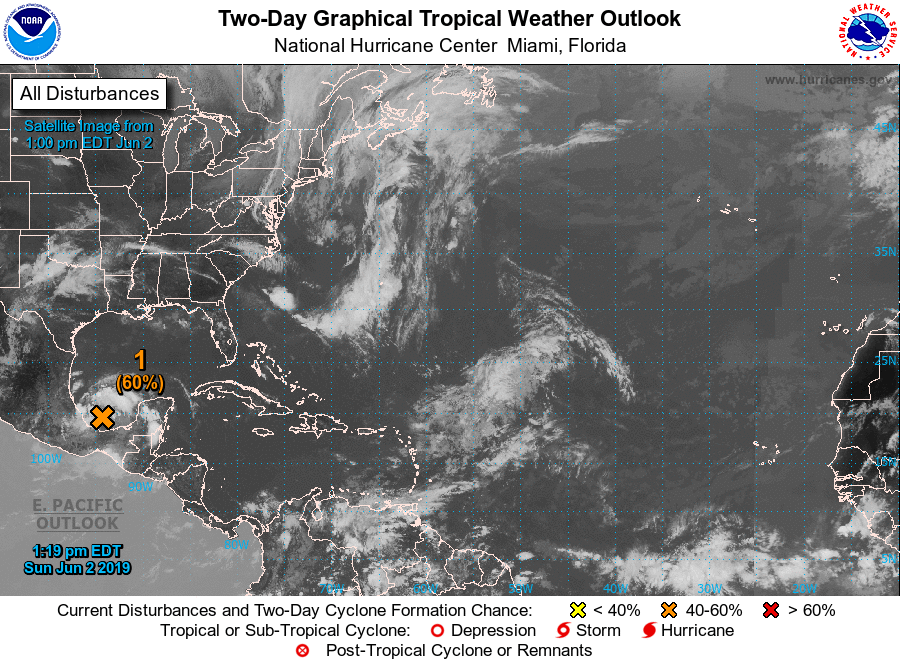
For the North Atlantic...Caribbean Sea and the Gulf of Mexico:

1. A broad area of low pressure is producing disorganized showers and thunderstorms over the Bay of Campeche. This system is expected to move slowly northwestward toward the coast of Mexico, and it could become a tropical cyclone before it moves inland in a day or two. Regardless of development, the disturbance will likely produce heavy rainfall over portions of southern and eastern Mexico during the next few days. An Air Force Reserve reconnaissance mission scheduled for this afternoon has been canceled, however another aircraft will investigate the disturbance tomorrow afternoon, if necessary. Interests along the Gulf coast of Mexico should monitor the progress of this system.
* Formation chance through 48 hours...medium...60 percent.
* Formation chance through 5 days...medium...60 percent.

Forecaster Zelinsky